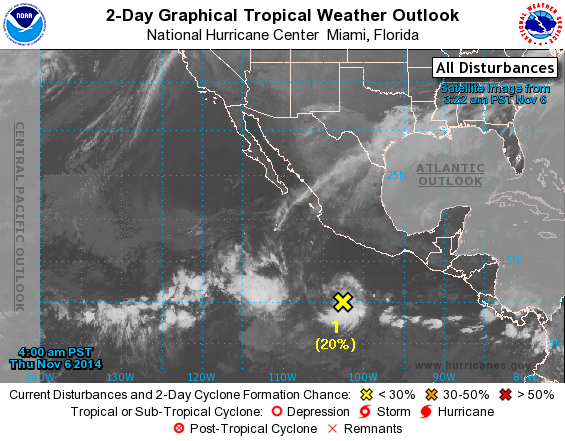
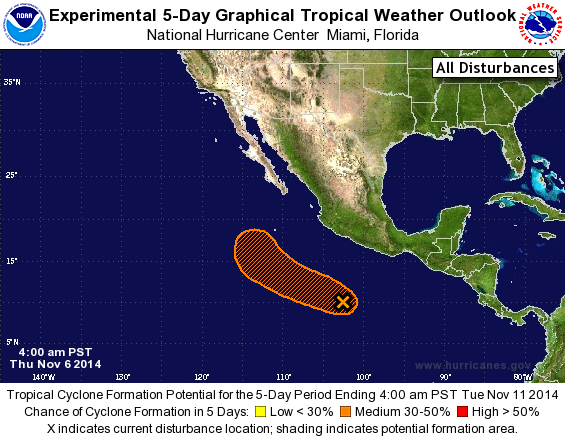
For the eastern North Pacific...east of 140 degrees west longitude:

1. A low pressure system located several hundred miles south-southwest of Acapulco, Mexico is producing scattered showers and thunderstorms. Slow development of this system is possible over the next several days while it moves west-northwestward at 10 to 15 mph.
* Formation chance through 48 hours...low...20 percent.
* Formation chance through 5 days...medium...30 percent.

Forecaster Beven